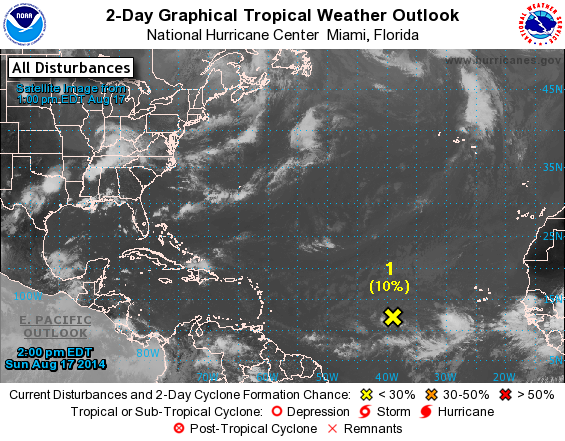
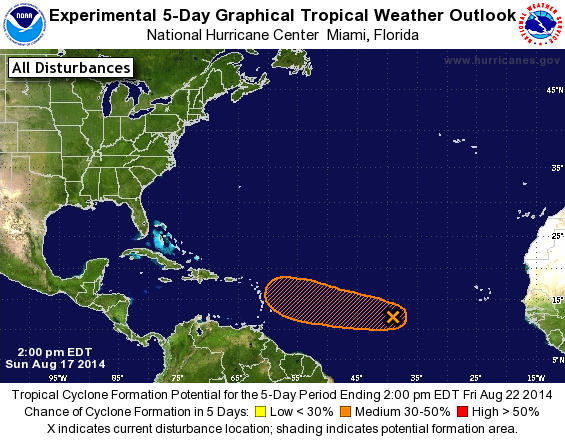
For the North Atlantic...Caribbean Sea and the Gulf of Mexico:

1. Shower activity associated with an elongated area of low pressure centered midway between the Lesser Antilles and the Cape Verde Islands has not become any better organized since yesterday. No significant development is expected during the next two days, but conditions could become a little more favorable by later in the week as the system moves slowly westward across the central tropical Atlantic.
* Formation chance through 48 hours...low...10 percent.
* Formation chance through 5 days...low...30 percent.

Forecaster Avila